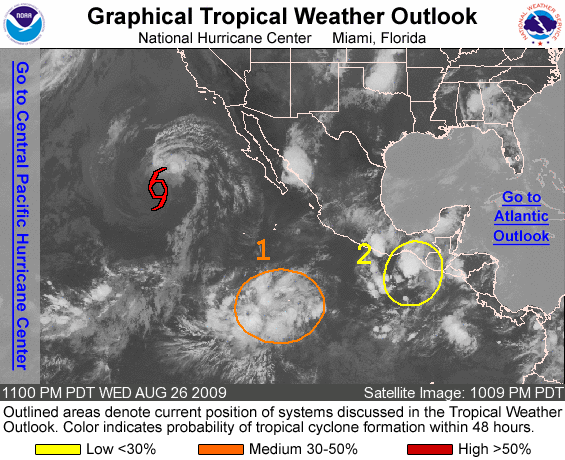
FOR THE EASTERN NORTH PACIFIC...EAST OF 140 DEGREES WEST LONGITUDE..

THE NATIONAL HURRICANE CENTER IS ISSUING ADVISORIES ON WEAKENING TROPICAL STORM IGNACIO...LOCATED ABOUT 985 MILES WEST OF THE SOUTHERN TIP OF BAJA CALIFORNIA.

1. A LARGE AREA OF DISTURBED WEATHER CENTERED ABOUT 950 MILES SOUTH OF THE SOUTHERN TIP OF BAJA CALIFORNIA IS MOVING WESTWARD AT 10 TO 15 MPH. THIS SYSTEM HAS CHANGED LITTLE IN ORGANIZATION DURING THE PAST SEVERAL HOURS BUT CONDITIONS APPEAR TO BE FAVORABLE FOR GRADUAL DEVELOPMENT OF THIS SYSTEM DURING THE NEXT COUPLE OF DAYS. THERE IS A MEDIUM CHANCE...30 TO 50 PERCENT...OF THIS SYSTEM BECOMING A TROPICAL CYCLONE DURING THE NEXT 48 HOURS.

2. AN AREA OF DISORGANIZED SHOWERS AND A FEW THUNDERSTORMS LOCATED IN THE GULF OF TEHUANTEPEC IS ASSOCIATED WITH A WESTWARD-MOVING TROPICAL WAVE. THERE ARE NO SIGNS OF DEVELOPMENT AT THIS TIME AND THERE IS A LOW CHANCE...LESS THAN 30 PERCENT... OF THIS SYSTEM BECOMING A TROPICAL CYCLONE DURING THE NEXT 48 HOURS.

ELSEWHERE...TROPICAL CYCLONE FORMATION IS NOT EXPECTED DURING THE NEXT 48 HOURS.

FORECASTER AVILA